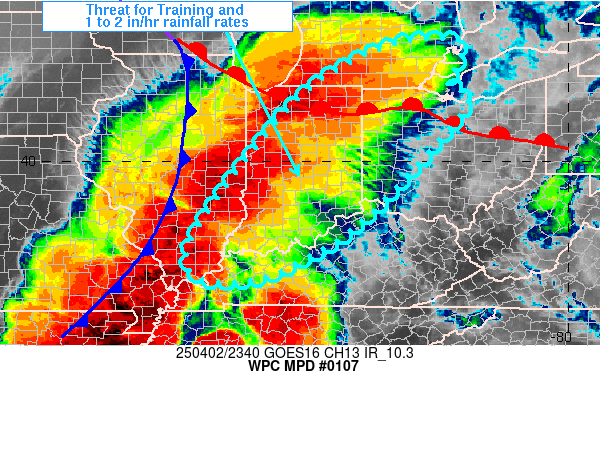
Areas affected...Lower OH Valley into IN, western OH into
southeastern MI

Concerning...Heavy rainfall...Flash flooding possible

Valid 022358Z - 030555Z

SUMMARY...Areas of training are expected to shift into much of IN
and portions of southeastern MI/western OH through 06Z. Rainfall
rates of 1-2 in/hr will be possible within areas of training and
flash flooding will be possible. However, by 06Z or so, rainfall
intensity is expected to decrease as instability lowers,
especially for northern locations.

DISCUSSION...2330Z radar imagery showed that a pre-frontal axis of
convection extended from far southwestern MI into southeastern MO,
with embedded mesoscale vortices/bowing segments, but with an
overall movement toward the east. The environment along and ahead
of the elongated line of thunderstorms contained 500 to 1500+ J/kg
MLCAPE and anomalous PWATs at or above the climatological max for
early April via SPC sounding climatology. In addition to
increasing upper jet induced divergence aloft, continued low level
moisture advection within 50-60 kt of 850 mb flow has allowed
instability to increase over the past few hours, and as a result,
convective organization has increased over eastern IL into
northwestern IN since 21Z/22Z. There have been occasional
instances of training where line orientation has matched the mean
steering flow, supporting hourly rainfall of 1.0 to 1.5 inches
over IL into northwestern IN.

Recent runs of the RAP suggest that CAPE values over IL/IN are
near their peak for the evening/night and over the next several
hours, a general downward trend in CAPE is expected with the onset
of nocturnal cooling, not including minor increases in instability
over southeastern MI and western OH due to low level moisture
advection. As the cold front/outflow boundary continues to advance
east, the ongoing axis of thunderstorms will follow with a general
progressive movement but there will be embedded areas of training
as different embedded speeds within the line setup short term
areas of training. The threat for short term training will
translate into much of IN and portions of southeastern MI and
western OH over the next few hours, but with an expectation for
weakening rainfall intensity toward 06Z as instability fades.